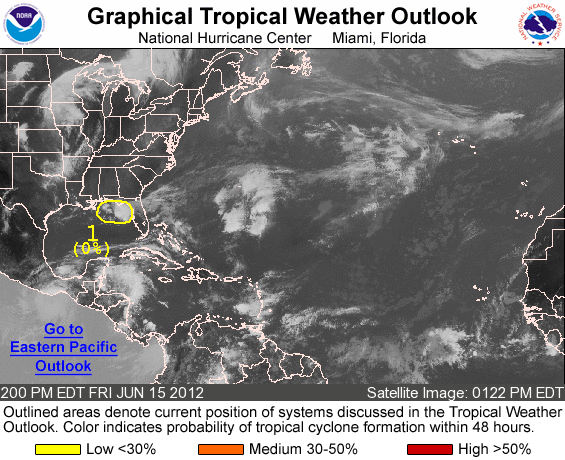
FOR THE NORTH ATLANTIC...CARIBBEAN SEA AND THE GULF OF MEXICO...

1. A NON-TROPICAL LOW PRESSURE AREA LOCATED ABOUT 115 MILES SOUTH-SOUTHEAST OF PENSACOLA FLORIDA IS PRODUCING DISORGANIZED SHOWERS AND THUNDERSTORMS OVER THE NORTHEASTERN GULF OF MEXICO. ENVIRONMENTAL CONDITIONS ARE NOT EXPECTED TO BE CONDUCIVE FOR DEVELOPMENT AS THIS SYSTEM MOVES SLOWLY SOUTHWESTWARD LATER TODAY...AND THEN TURNS WESTWARD ON SATURDAY. THIS SYSTEM HAS A LOW CHANCE...NEAR 0 PERCENT...OF BECOMING A SUBTROPICAL OR TROPICAL CYCLONE DURING THE NEXT 48 HOURS.

ELSEWHERE...TROPICAL CYCLONE FORMATION IS NOT EXPECTED DURING THE NEXT 48 HOURS.

FORECASTER ROBERTS